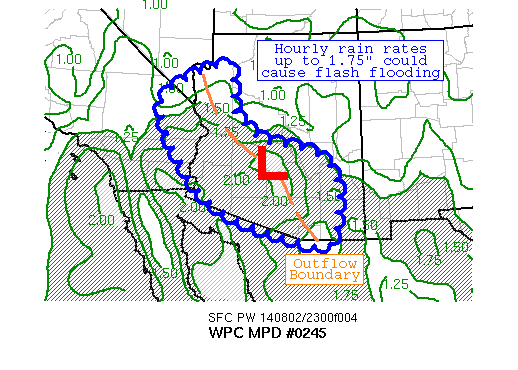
AREAS AFFECTED...PORTIONS OF THE DESERT SOUTHWEST

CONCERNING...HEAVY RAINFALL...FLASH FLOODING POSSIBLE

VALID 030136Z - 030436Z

SUMMARY...A CONGEALING THUNDERSTORM COMPLEX ACROSS SOUTH-CENTRAL
AND SOUTHWEST AZ COULD LEAD TO HOURLY RAIN RATES UP TO 1.75",
WHICH COULD CAUSE FLASH FLOODING AND DEBRIS FLOWS.

DISCUSSION...THUNDERSTORMS ACROSS AZ HAVE BEEN INCREASING IN
COVERAGE OVER THE PAST SEVERAL HOURS.  THERE IS A WELL-DEFINED
OUTFLOW BOUNDARY ACROSS SOUTHERN AND WESTERN AZ PER THE 01Z
SURFACE OBSERVATIONS.  ALTHOUGH CONVECTION HAS BEEN PUSHING
WEST-SOUTHWEST AT CLOSE TO 25 KTS, CELL MERGERS AND BRIEF PERIODS
OF TRAINING HAVE LED TO HEAVY RAINFALL AND FLASH FLOOD WARNINGS.
AN OBSERVATION NORTHWEST OF SCOTTSDALE AZ REPORTED 0.58" IN 20
MINUTES.

WHILE THE BEST SIGNAL FOR RAINFALL WITHIN THE MESOSCALE GUIDANCE
ENDS SHORTLY, CONVECTIVE TRENDS AND MODEL REFLECTIVITY IMAGES FROM
THE 12Z SPC WRF AND 18Z NAM CONEST IMPLY ACTIVITY SHOULD CONTINUE
OVERNIGHT, WHICH FITS THE PERSISTENCE OF CONVECTIVE ACTIVITY FROM
LAST NIGHT.  HOWEVER, A POOL OF STABILITY NEAR YUMA AZ PER THE SPC
MESOANALYSIS HAS LED TO THE DEATH OF CONVECTION TRYING TO INVADE
YUMA FROM SOUTHWEST AZ AND NORTHWEST MX OVER THE PAST COUPLE
HOURS, WHICH MAY BLOCK A SIGNIFICANT PORTION OF THIS ACTIVITY FROM
INVADING SOUTHEAST CA AS A LONG-LIVED COMPLEX.  CHOSE A THREE HOUR
WINDOW AS A COURSE OF LEAST REGRET.  HOURLY RAIN RATES UP TO 1.75"
AN HOUR WITH LOCAL AMOUNTS OF 2-3" COULD LEAD TO FLASH FLOODING IN
THIS REGION.